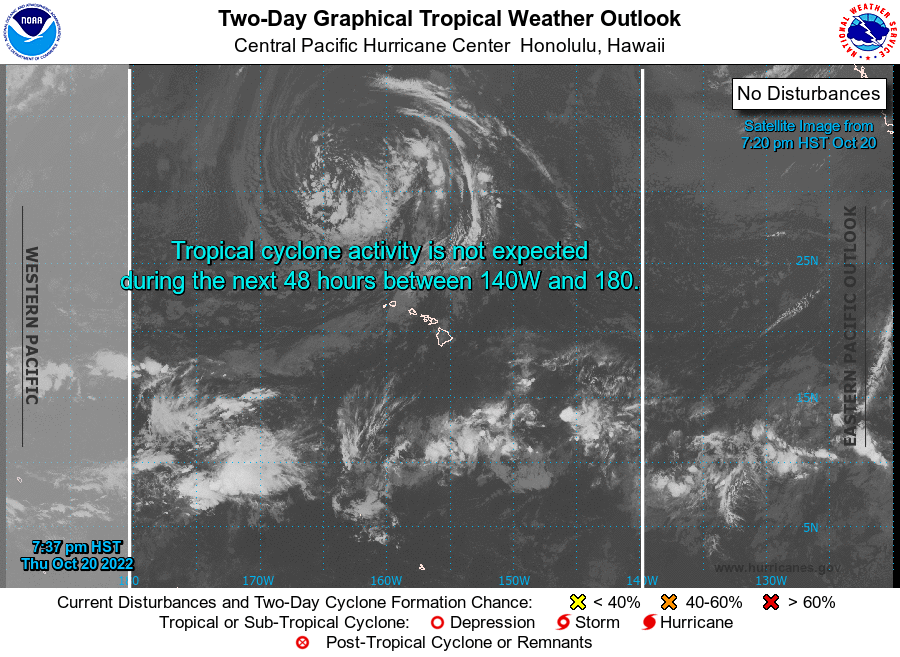
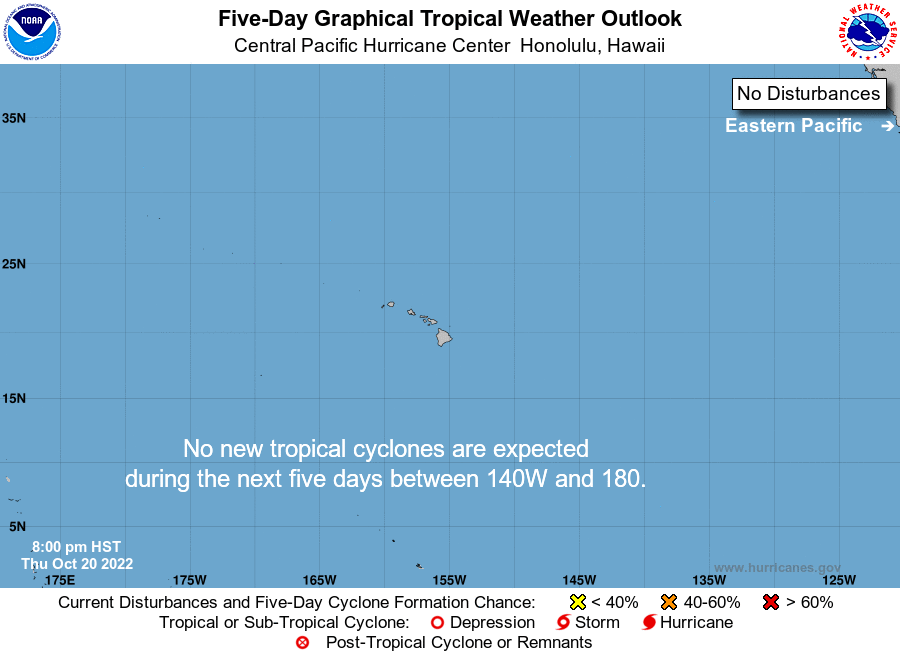
For the central North Pacific...between 140W and 180W:

No tropical cyclones are expected during the next 5 days.

Forecaster Kinel